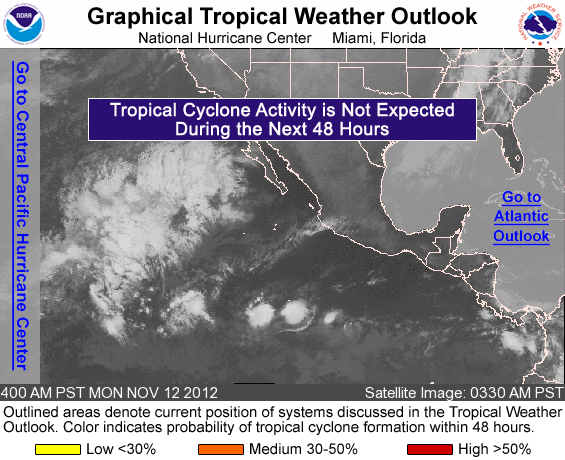
FOR THE EASTERN NORTH PACIFIC...EAST OF 140 DEGREES WEST LONGITUDE..

TROPICAL CYCLONE FORMATION IS NOT EXPECTED DURING THE NEXT 48 HOURS.

FORECASTER CANGIALOSI